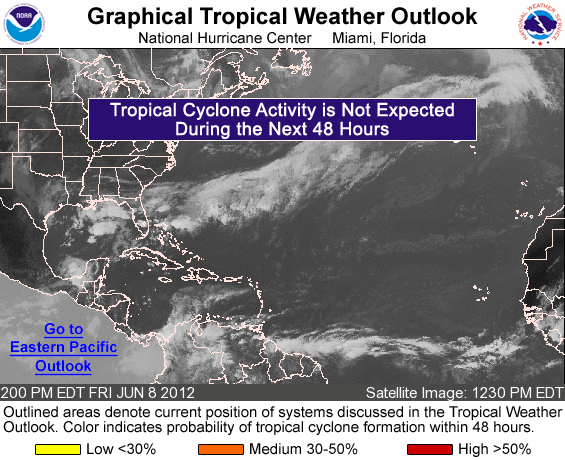
FOR THE NORTH ATLANTIC...CARIBBEAN SEA AND THE GULF OF MEXICO...

TROPICAL CYCLONE FORMATION IS NOT EXPECTED DURING THE NEXT 48 HOURS.

FORECASTER BLAKE